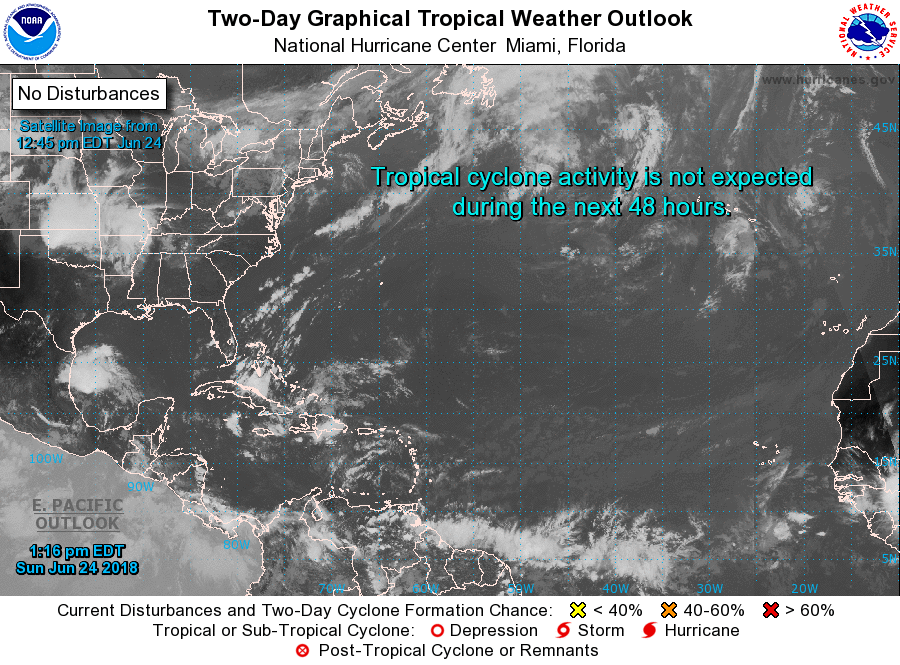
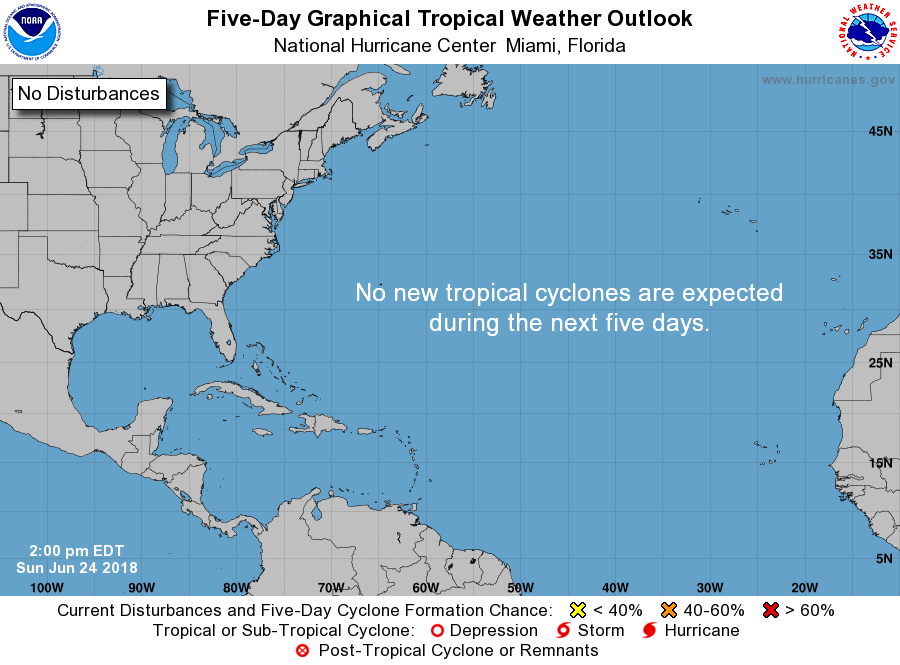
For the North Atlantic...Caribbean Sea and the Gulf of Mexico:

Tropical cyclone formation is not expected during the next 5 days.

Forecaster Berg